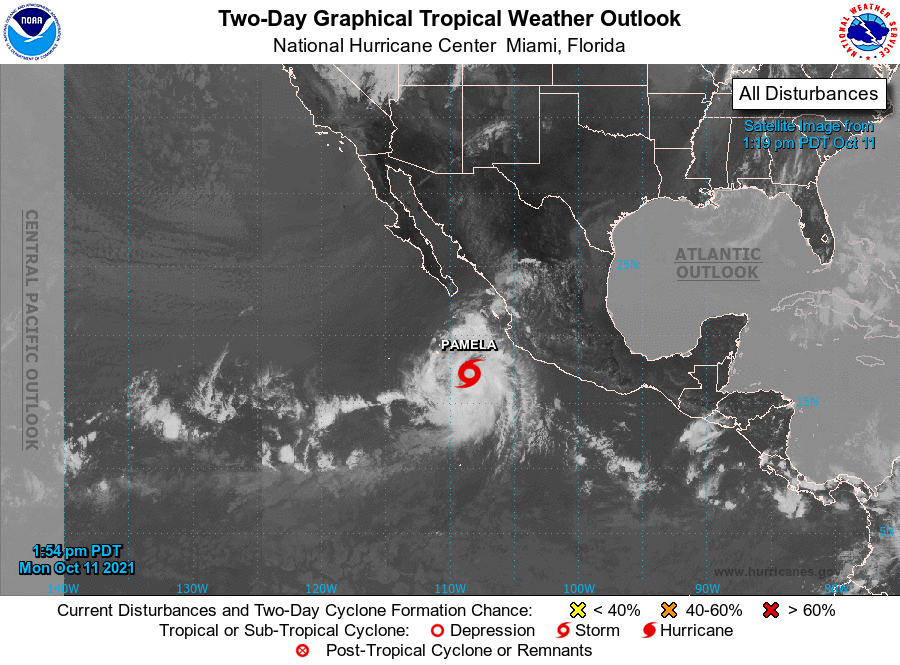
For the eastern North Pacific...east of 140 degrees west longitude:

The National Hurricane Center is issuing advisories on Tropical Storm Pamela, located several hundred miles south-southwest of Mazatlan, Mexico.

Tropical cyclone formation is not expected during the next 5 days.

Forecaster Stewart